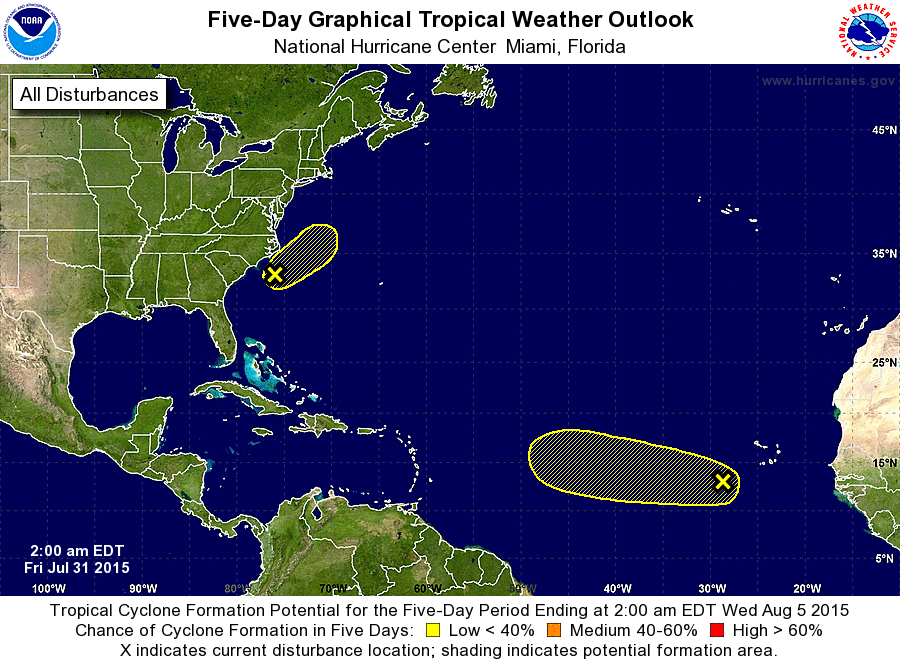
For the North Atlantic...Caribbean Sea and the Gulf of Mexico:

1. A tropical wave accompanied by an area of low pressure is located a few hundred miles west-southwest of the Cape Verde Islands. This disturbance continues to produce disorganized showers and thunderstorms, and some slow development of the system is possible into early next week while it moves generally westward at about 15 mph.
* Formation chance through 48 hours...low...10 percent
* Formation chance through 5 days...low...20 percent

2. Disorganized showers and thunderstorms continue in association with an elongated area of low pressure located a couple of hundred miles east of the North Carolina coast. This low is expected to move northeastward and merge with a frontal system later today, and significant development is unlikely.
* Formation chance through 48 hours...low...near 0 percent
* Formation chance through 5 days...low...near 0 percent

Forecaster Pasch